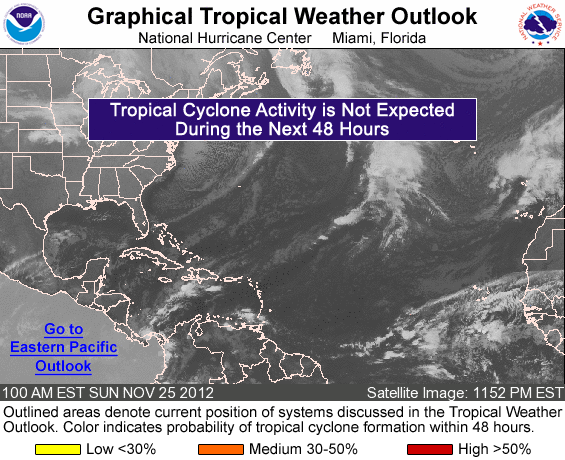
FOR THE NORTH ATLANTIC...CARIBBEAN SEA AND THE GULF OF MEXICO...

TROPICAL CYCLONE FORMATION IS NOT EXPECTED DURING THE NEXT 48 HOURS.

FORECASTER BEVEN